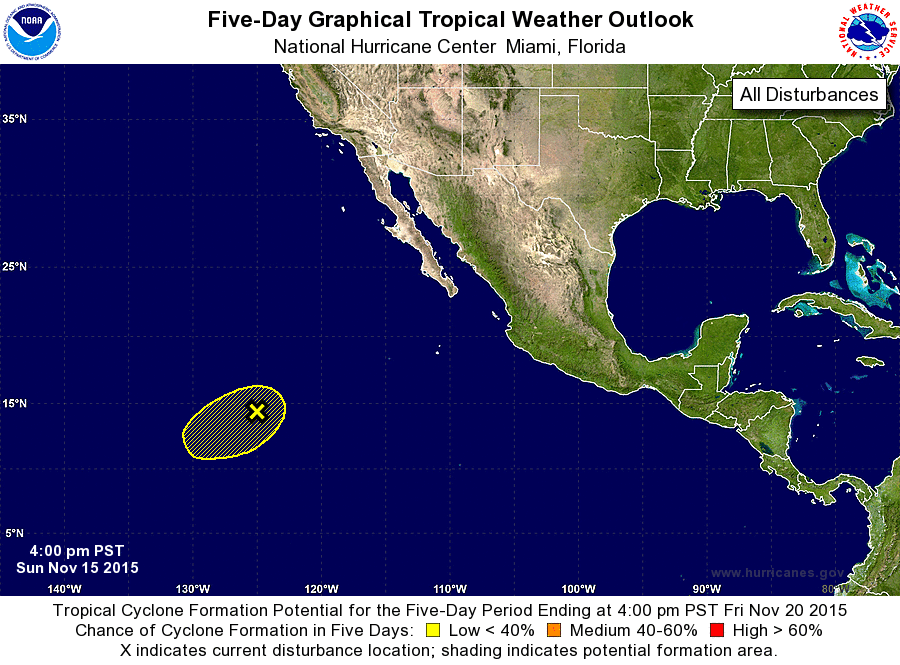
For the eastern North Pacific...east of 140 degrees west longitude:

1. An area of low pressure located about 1100 miles west-southwest of the southern tip of the Baja California peninsula continues to produce disorganized showers and thunderstorms. Development, if any, of this system should be slow to occur while it drifts southwestward during the next few days.
* Formation chance through 48 hours...low...10 percent
* Formation chance through 5 days...low...30 percent

Forecaster Cangialosi